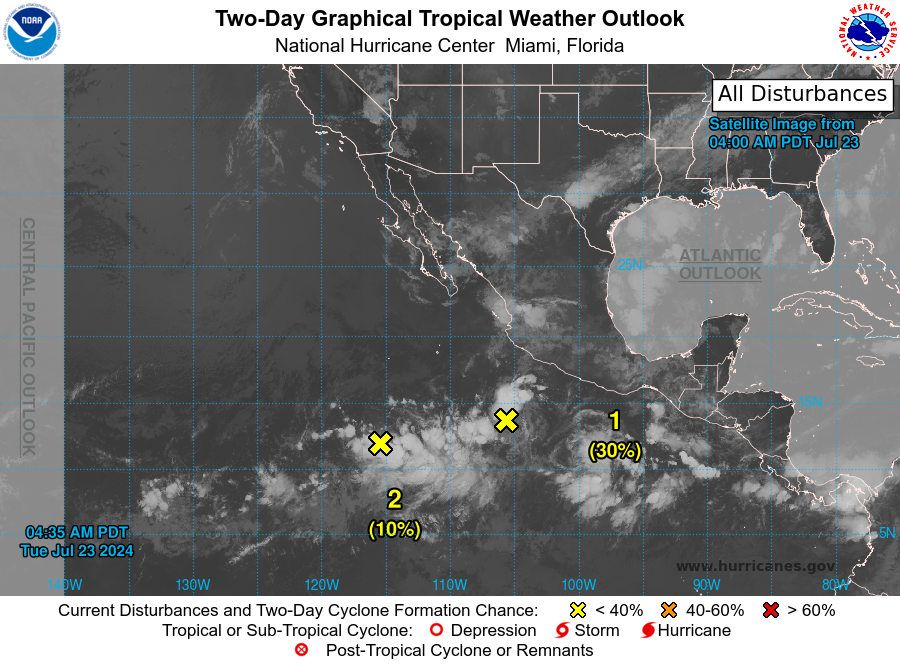
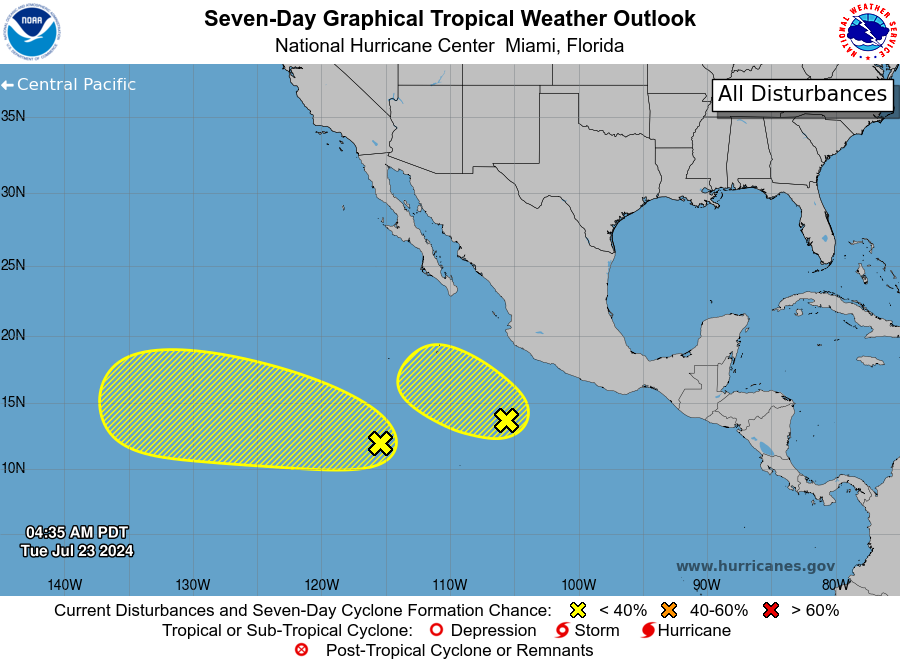
For the eastern North Pacific...east of 140 degrees west longitude:

1. Offshore Southwestern Mexico: Showers and thunderstorms associated with an area of low pressure located a few hundred miles south-southwest of Manzanillo, Mexico, have become slightly better organized since yesterday. Environmental conditions appear favorable for slow development over the next couple of days while the disturbance moves generally west-northwestward, remaining offshore of southwestern Mexico.
* Formation chance through 48 hours...low...30 percent.
* Formation chance through 7 days...low...30 percent.

2. Central and Western East Pacific: A tropical wave located several hundred miles south-southwest of the southern tip of the Baja California Peninsula is producing disorganized shower and thunderstorm activity. Environmental conditions appear only marginally conducive for some slight development of this system over the next few days while it moves westward to west-northwestward around 10 mph across the central and western portions of the basin.
* Formation chance through 48 hours...low...10 percent.
* Formation chance through 7 days...low...20 percent.

Forecaster Hagen/Berg